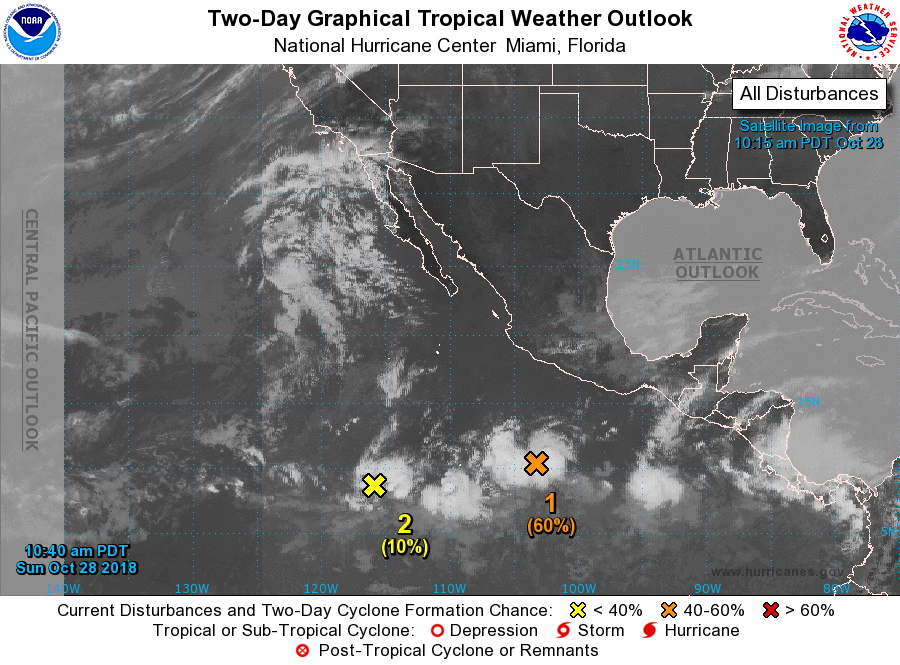
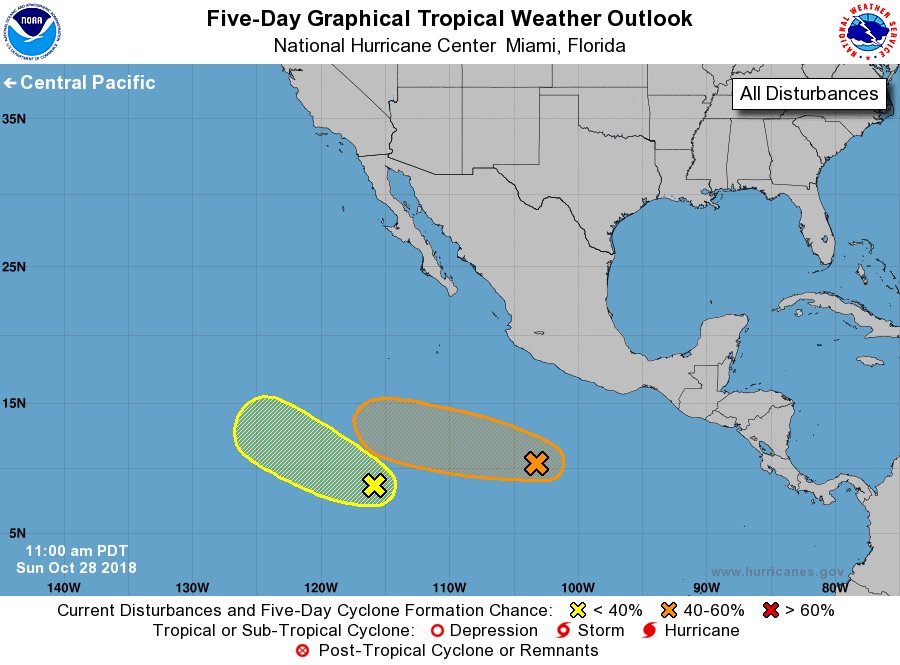
For the eastern North Pacific...east of 140 degrees west longitude:

1. Showers and thunderstorms associated with a small but well-defined low pressure system located several hundred miles south-southwest of Acapulco, Mexico, are showing signs of organization. Some additional development of the disturbance is possible and a tropical depression could form during the next couple of days while it moves westward at about 10 mph.
* Formation chance through 48 hours...medium...60 percent.
* Formation chance through 5 days...medium...60 percent.

2. An area of low pressure located about 1000 miles south-southwest of the southern tip of the Baja California peninsula continues to produce limited shower activity. Some slow development of this system is possible over the next several days while the low moves toward the west or west-northwest at about 10 mph.
* Formation chance through 48 hours...low...10 percent.
* Formation chance through 5 days...low...20 percent.

Forecaster Stewart